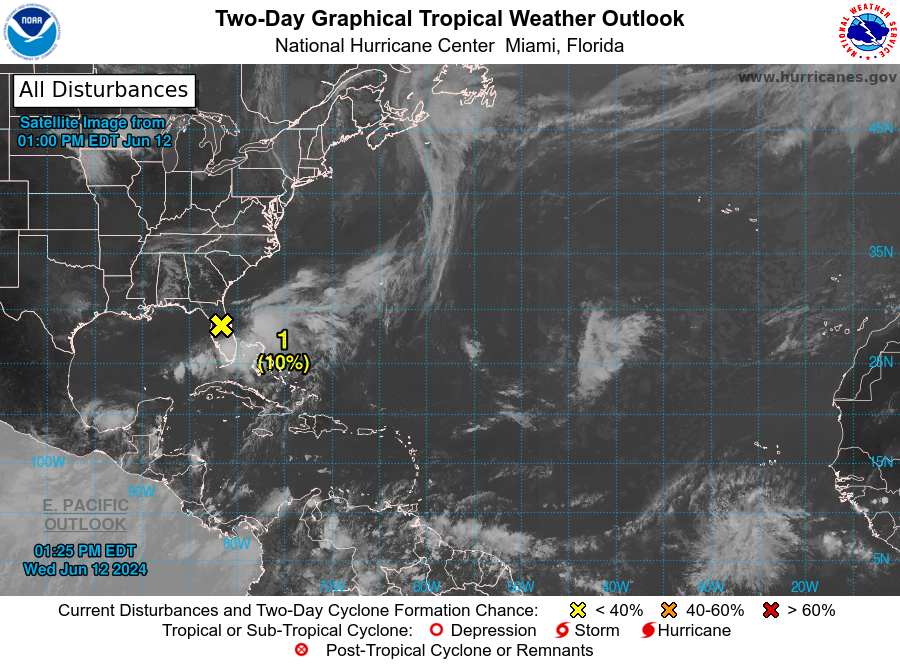
For the North Atlantic...Caribbean Sea and the Gulf of Mexico:

1. Florida Peninsula and Offshore Southeast U.S. (AL90): An elongated area of low pressure over the Florida peninsula continues to produce a large area of disorganized showers and thunderstorms. Although upper-level winds are expected to be only marginally conducive, some slow development is possible while the system moves northeastward offshore of the U.S. Southeast coast tonight through late week. Regardless of development, heavy rainfall is forecast to continue across portions of the Florida peninsula during the next few days. For more information, see products issued by the Weather Prediction Center and local National Weather Service Forecast Offices.
* Formation chance through 48 hours...low...10 percent.
* Formation chance through 7 days...low...20 percent.

2. Southwestern Gulf of Mexico: A broad area of low pressure could form over the weekend across the southwestern Gulf of Mexico. Environmental conditions appear conducive for some slow development early next week while the system moves slowly westward or west-northwestward.
* Formation chance through 48 hours...low...near 0 percent.
* Formation chance through 7 days...low...30 percent.

Weather Prediction Center products can be found at www.wpc.ncep.noaa.gov and National Weather Service forecast information can be found at www.weather.gov

Forecaster Kelly